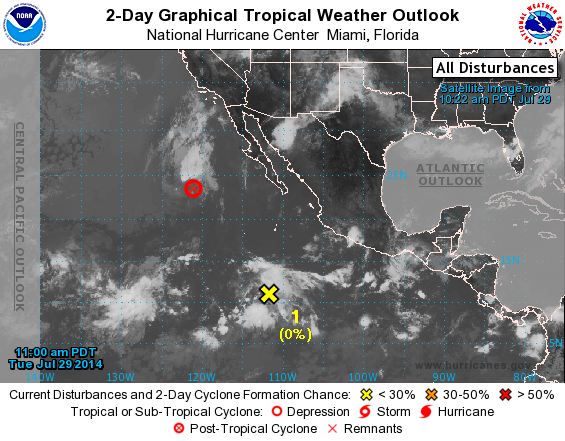
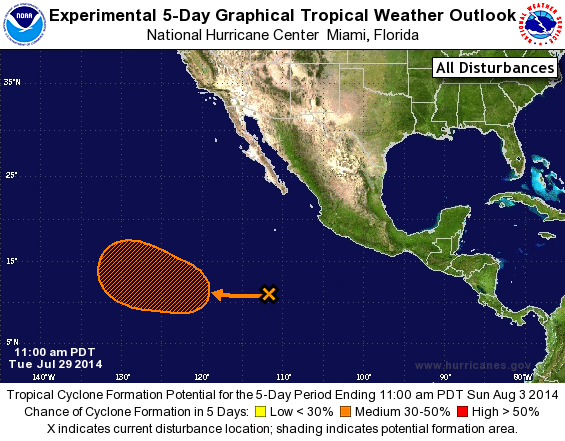
For the eastern North Pacific...east of 140 degrees west longitude:

The National Hurricane Center has issued the final advisory on Hernan, which has become a post-tropical cyclone several hundred miles west of the southern tip of the Baja California peninsula.

1. An area of disorganized cloudiness and showers extending several hundred miles off the southwestern coast of Mexico is associated with a tropical wave. Environmental conditions appear conducive for gradual development of this system later this week or this weekend while it moves westward to west-northwestward at 10 to 15 mph.
* Formation chance through 48 hours...low...near 0 percent.
* Formation chance through 5 days...medium...30 percent.

Forecaster Roberts